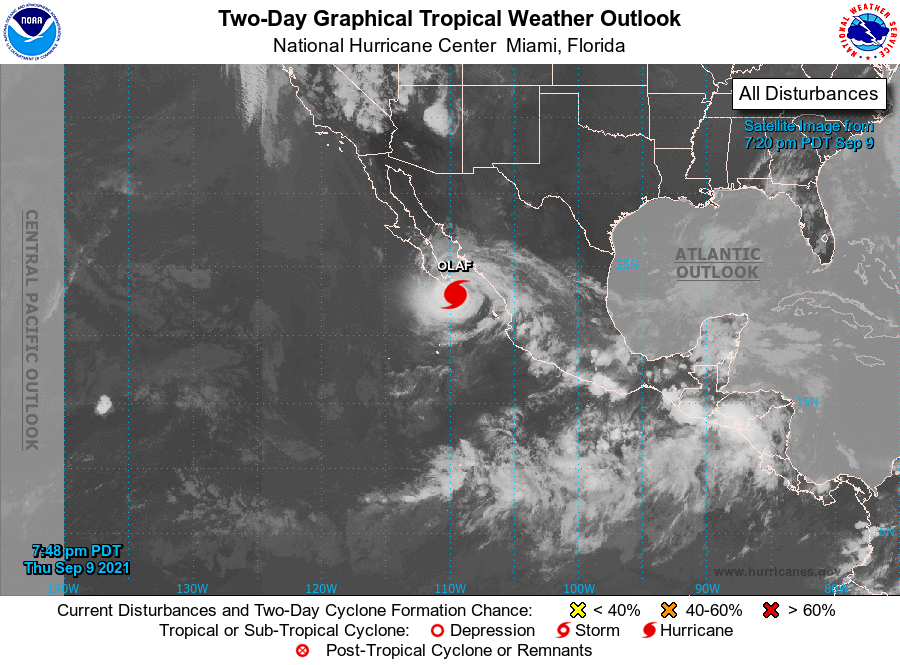
For the eastern North Pacific...east of 140 degrees west longitude:

The National Hurricane Center is issuing advisories on Hurricane Olaf, located about 45 miles east-southeast of Cabo San Lucas, Mexico.

1. An area of low pressure is expected to form south of the southern coast of Mexico over the weekend. Subsequent gradual development of this system will be possible, and a tropical depression could form late this weekend or early next week while it moves west-northwestward or northwestward near the coast of southern and southwestern Mexico.
* Formation chance through 48 hours...low...near 0 percent.
* Formation chance through 5 days...medium...60 percent.

Forecaster Beven